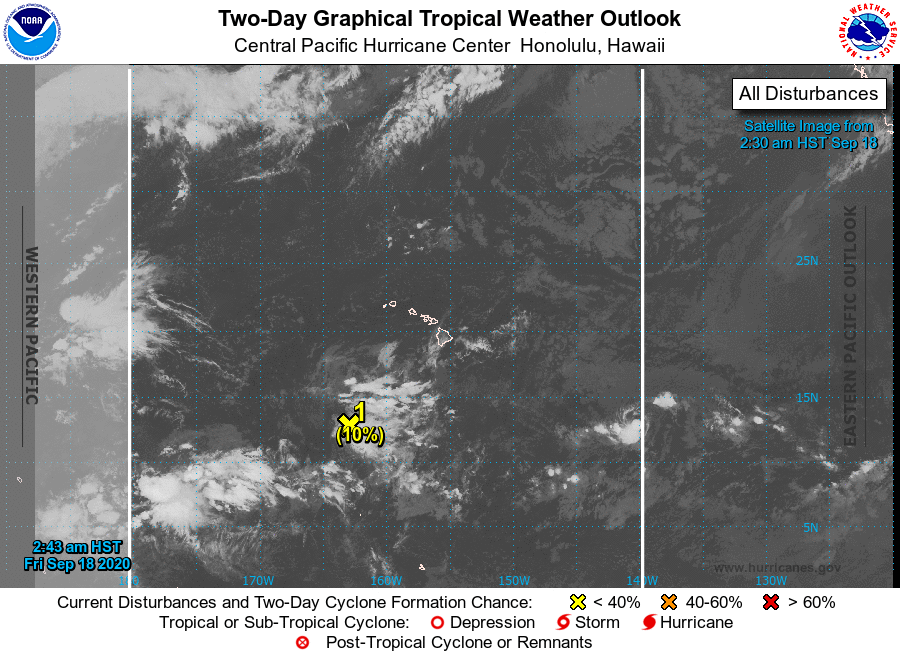
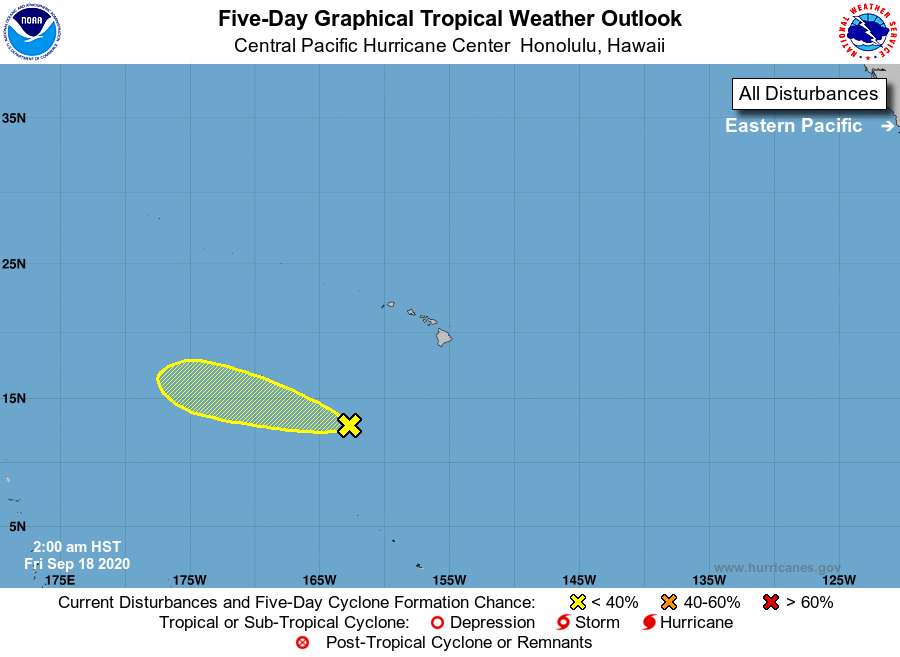
For the central North Pacific...between 140W and 180W:

1. Disorganized thunderstorms associated with an elongated trough of low pressure are located around 660 miles south-southwest of Honolulu, Hawaii. Strong wind shear and dry air entrainment into the system will severely limit its future downstream development.
* Formation chance through 48 hours...low...10 percent.
* Formation chance through 5 days...low...10 percent.

Elsewhere, no tropical cyclones are expected during the next 5 days.

Forecaster Blood